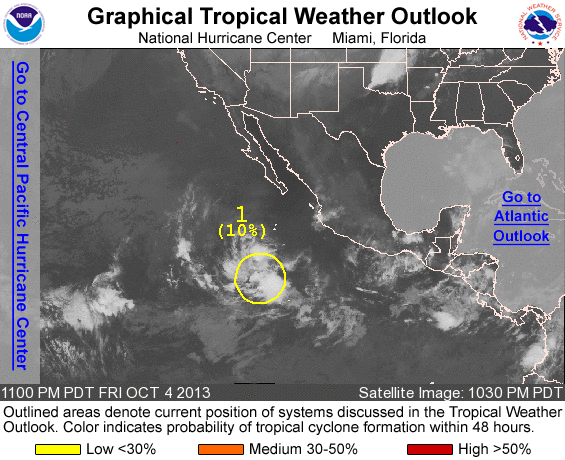
FOR THE EASTERN NORTH PACIFIC...EAST OF 140 DEGREES WEST LONGITUDE..

1. A BROAD AREA OF LOW PRESSURE LOCATED ABOUT 700 MILES SOUTH-SOUTHWEST OF THE SOUTHERN TIP OF THE BAJA CALIFORNIA PENINSULA CONTINUES TO PRODUCE DISORGANIZED SHOWERS AND THUNDERSTORMS. DEVELOPMENT...IF ANY...OF THIS DISTURBANCE SHOULD BE SLOW TO OCCUR DURING THE NEXT SEVERAL DAYS WHILE IT MOVES GENERALLY WESTWARD AT ABOUT 10 MPH. THIS SYSTEM HAS A LOW CHANCE...10 PERCENT...OF BECOMING A TROPICAL CYCLONE DURING THE NEXT 48 HOURS...AND A LOW CHANCE...20 PERCENT... OF BECOMING A TROPICAL CYCLONE DURING THE NEXT 5 DAYS.

FIVE-DAY FORMATION PROBABILITIES ARE EXPERIMENTAL IN 2013. COMMENTS ON THE EXPERIMENTAL FORECASTS CAN BE PROVIDED AT...

HTTP://WWW.NWS.NOAA.GOV/SURVEY/NWS-SURVEY.PHP?CODE=ETWO

FORECASTER CANGIALOSI